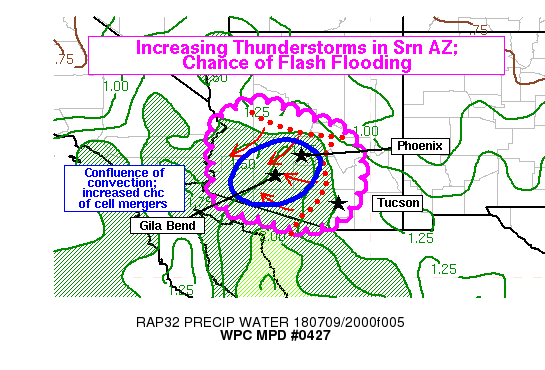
AREAS AFFECTED...SRN AND CTRL ARIZONA

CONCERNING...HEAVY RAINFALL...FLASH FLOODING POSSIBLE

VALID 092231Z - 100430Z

SUMMARY...THUNDERSTORMS WERE BECOMING MORE NUMEROUS ACROSS
SOUTHERN AND CENTRAL ARIZONA THIS AFTERNOON...AND MAY BECOME
INCREASINGLY CONCENTRATED IN SOUTHWEST ARIZONA THIS EVENING. RAIN
RATES OF 1-2 IN/HR HAVE ALREADY BEEN OBSERVED AND ARE LIKELY TO
CONTINUE INTO THE EVENING. THIS MAY LEAD TO AREAS OF FLASH
FLOODING.

DISCUSSION...KIWA AND KEMX RADARS SHOW TWO PRIMARY BANDS OF
CONVECTION AS OF 2230Z. THE FIRST WAS ADVANCING SOUTHWEST OFF THE
MOGOLLON RIM IN CENTRAL ARIZONA...AND THE SECOND WAS ORIENTED MORE
NORTH-SOUTH... ADVANCING WEST AHEAD OF AN UPPER LEVEL LOW. THE
COMBINATION OF THESE STORM MOTIONS WOULD TEND TO FAVOR A
CONFLUENCE OF CONVECTION OVER SOUTHWEST ARIZONA LATE THIS
AFTERNOON AND EVENING... PARTICULARLY OVER MARICOPA... WESTERN
PINAL... AND NORTHWEST PIMA COUNTIES. THIS REGION OF SRN ARIZONA
ALSO HAD THE HIGHEST PRECIPITABLE WATER VALUES... WITH CIRA
BLENDED TPW BETWEEN 1.5 AND 2.0 INCHES AND A COUPLE GPS-PW
OBSERVATIONS NEAR THE INTERNATIONAL BORDER IN THAT RANGE. SPC
MESOANALYSIS FROM THE RAP MODEL SHOWS MORE STABLE CONDITIONS WITH
STRONG CINH IN THE VICINITY OF THE COLORADO RIVER AT THE MOMENT
(ALSO IMPLIED BY THE LACK OF CLOUDS ON VISIBLE SATELLITE)... BUT
MODERATE TO STRONG INSTABILITY AROUND 1500 J/KG MLCAPE IN AN AREA
OF SW AZ CENTERED ON MARICOPA COUNTY. THEREFORE... THE COMBINATION
OF FAIRLY STRONG INSTABILITY AND HIGH PWS SHOULD SUPPORT HEAVY
RAIN RATES APPROACHING 2 IN/HR AT TIMES... WHICH WOULD FAVOR THE
THREAT OF LOCALIZED FLASH FLOODING.

GIVEN THE STILL SCATTERED NATURE OF THE CONVECTION... FLASH
FLOODING SHOULD BE SOMEWHAT LOCALIZED IF IT OCCURS. ALTHOUGH THE
CONFIGURATION OF THE SYNOPTIC PATTERN AND WIND FIELDS DO NOT FAVOR
TRAINING CONVECTION... RAIN RATES SHOULD BE SUFFICIENT FOR FLASH
FLOODING. SEVERAL ARIZONA FLOOD WARNING SYSTEM GAGES HAVE RECENTLY
REPORTED AROUND 0.5 INCHES OF RAIN IN AS LITTLE AS 15-30 MINUTES.
RAIN RATES OF THIS MAGNITUDE WOULD HAVE THE POTENTIAL TO CAUSE
FLOODING ISSUES REGARDLESS OF TRAINING... PARTICULARLY IN URBAN
AREAS.

IN THE NEXT COUPLE HOURS (THROUGH 01Z)... THE GREATEST CHANCE OF
FLASH FLOODING SHOULD GENERALLY BE IN THE ARIZONA SUN CORRIDOR
FROM PHOENIX TO TUCSON AND ADJACENT AREAS... AND BEYOND THAT
BUILDING SOUTHWEST INTO PORTIONS OF THE SONORAN DESERT.